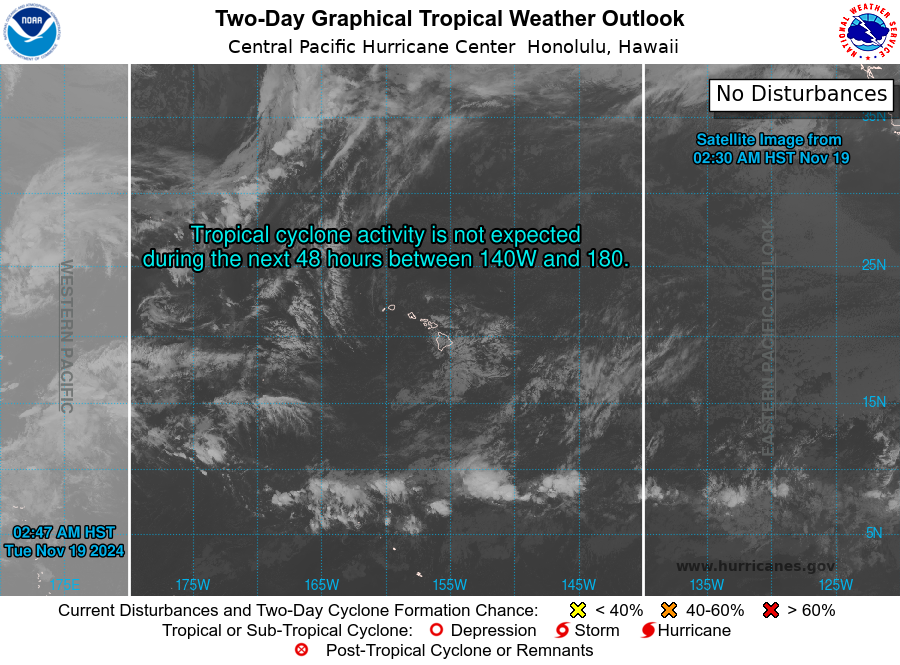
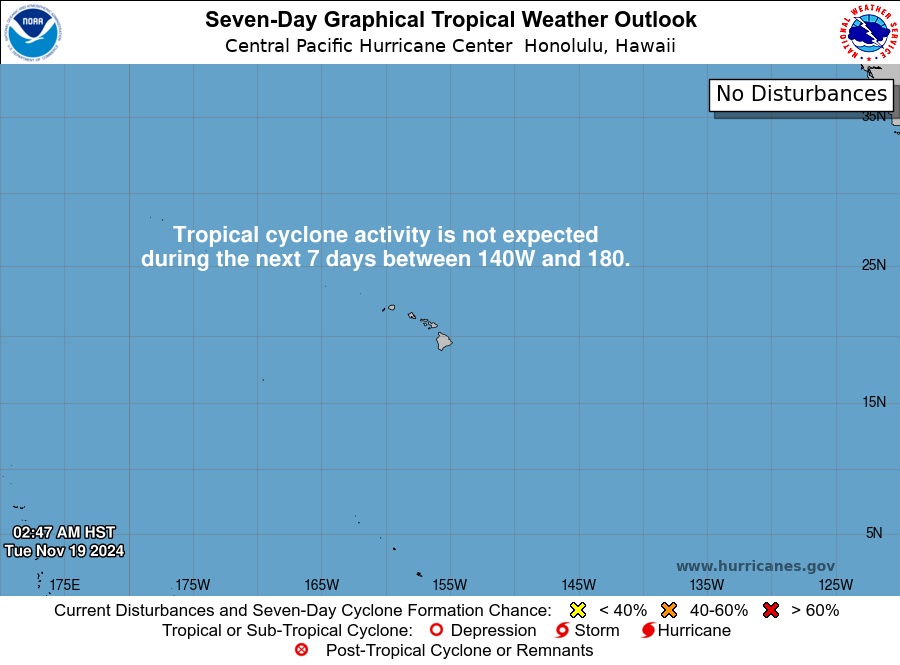
For the central North Pacific...between 140W and 180W:

No tropical cyclones are expected during the next 7 days.

Forecaster Tsamous